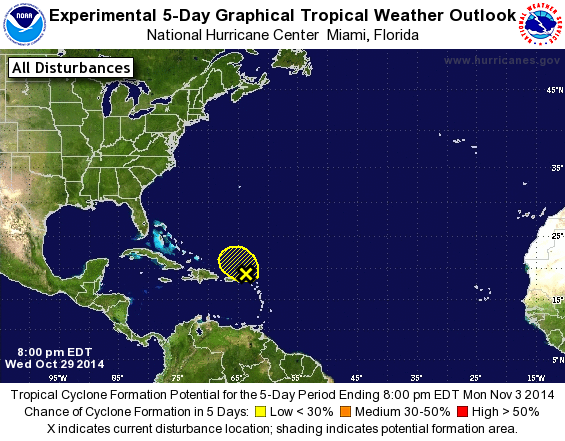
For the North Atlantic...Caribbean Sea and the Gulf of Mexico:

1. A westward-moving area of low pressure, located just to the northeast of the Virgin Islands, is producing disorganized showers and thunderstorms mainly to the northeast and north of the Leeward Islands. Upper-level winds are forecast to become increasingly unfavorable for tropical cyclone development while the system turns toward the northwest and north over the next couple of days.
* Formation chance through 48 hours...low...20 percent.
* Formation chance through 5 days...low...20 percent.

Forecaster Pasch